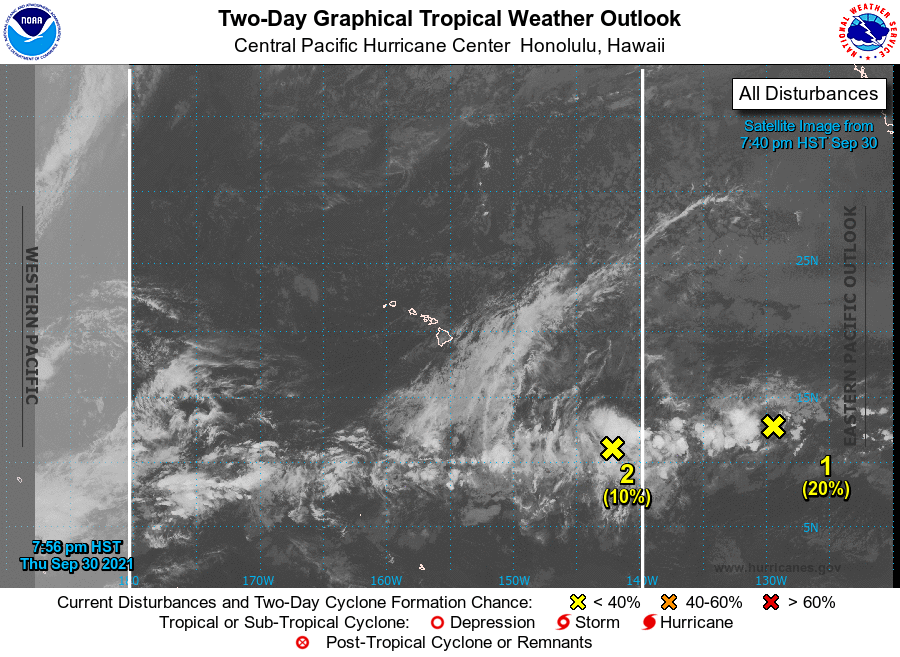
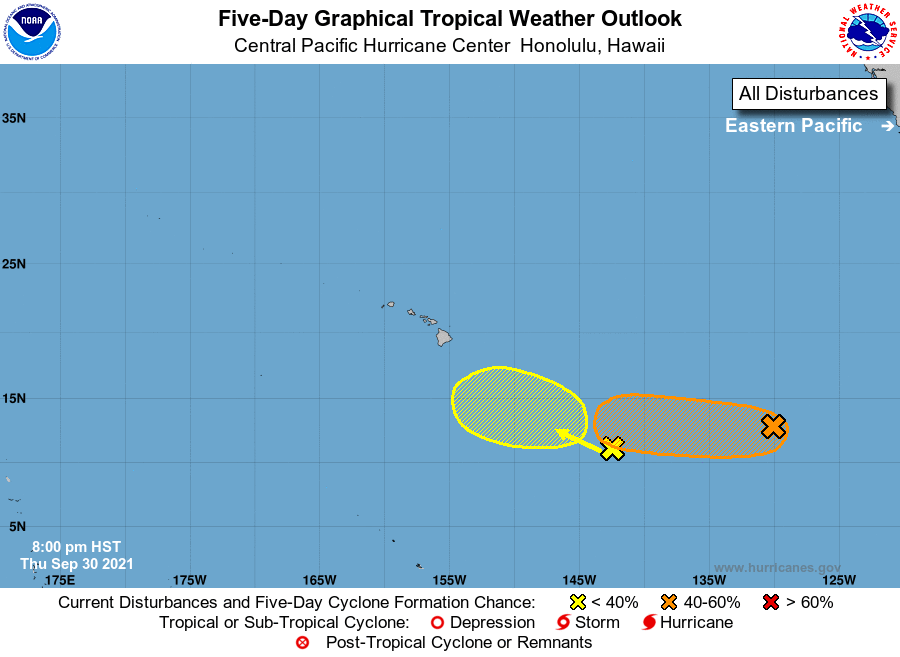
For the central North Pacific...between 140W and 180W:

1. A broad area of low pressure located about 1,600 miles southeast of Hilo, Hawaii is producing disorganized showers and thunderstorms. Environmental conditions are expected to be conducive for slow development during the next several days, and a tropical depression could form over the weekend or early next week while the system moves generally westward at around 10 mph.
* Formation chance through 48 hours...low...20 percent.
* Formation chance through 5 days...medium...40 percent.

2. A broad area of low pressure located about 1,100 miles southeast of Hilo, Hawaii is producing disorganized showers and thunderstorms. Environmental conditions are expected to be conducive for slow development during the next several days, and a tropical depression could form this weekend or early next week as the system slowly moves west northwest at around 10 mph.
* Formation chance through 48 hours...low...10 percent.
* Formation chance through 5 days...low...30 percent.

Elsewhere, no tropical cyclones are expected during the next 5 days.

Forecaster Blood